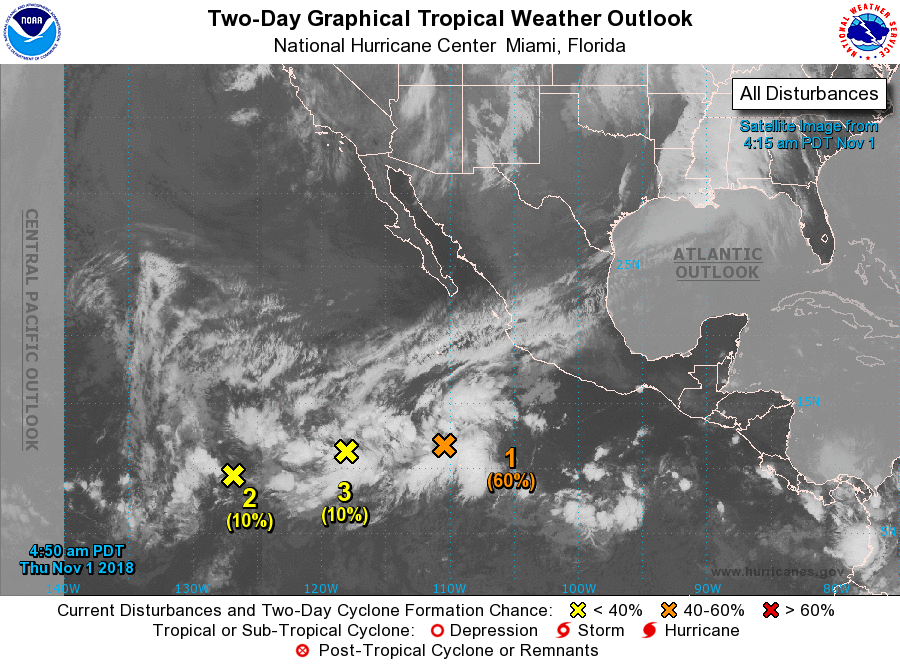
For the eastern North Pacific...east of 140 degrees west longitude:

1. An elongated low pressure system located several hundred miles south of the southern tip of the Baja California peninsula is producing a broad area of disorganized showers and thunderstorms. Environmental conditions are forecast to be conducive for gradual development during the next several days, and a tropical depression is likely to form during the next few days while the system moves slowly northward.
* Formation chance through 48 hours...medium...60 percent.
* Formation chance through 5 days...high...90 percent.

2. Showers and thunderstorms associated with a broad area of low pressure located about 1500 miles southwest of the southern tip of the Baja California peninsula remain disorganized. Any development during the next few days should be slow to occur while the disturbance moves toward the west or west-northwest at 5 to 10 mph.
* Formation chance through 48 hours...low...10 percent.
* Formation chance through 5 days...low...10 percent.

3. An area of disturbed weather has formed about 1000 miles southwest of the southern tip of the Baja California peninsula. Development of this system is expected to be slow due to the proximity of the disturbance to the east.
* Formation chance through 48 hours...low...10 percent.
* Formation chance through 5 days...low...30 percent.

Forecaster Beven